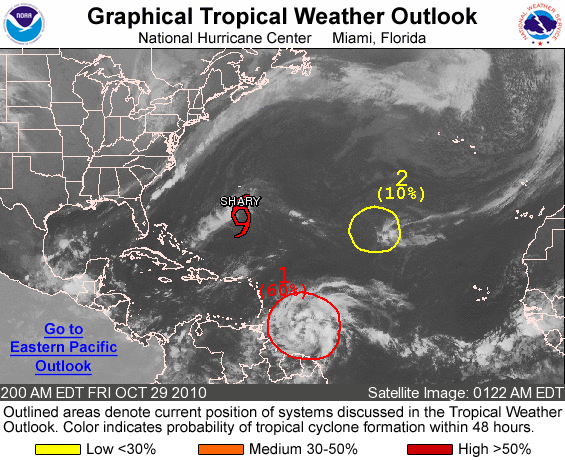
FOR THE NORTH ATLANTIC...CARIBBEAN SEA AND THE GULF OF MEXICO...

THE NATIONAL HURRICANE CENTER IS ISSUING ADVISORIES ON NEWLY FORMED TROPICAL STORM SHARY LOCATED ABOUT 325 MILES SOUTH OF BERMUDA.

1. A TROPICAL WAVE LOCATED ABOUT 600 MILES EAST-SOUTHEAST OF THE WINDWARD ISLANDS CONTINUES TO PRODUCE A LARGE AREA OF SHOWERS AND THUNDERSTORMS. ENVIRONMENTAL CONDITIONS APPEAR FAVORABLE FOR GRADUAL DEVELOPMENT...AND A TROPICAL DEPRESSION COULD FORM DURING THE NEXT COUPLE OF DAYS AS THE SYSTEM MOVES WESTWARD OR WEST-NORTHWESTWARD AT 15 TO 20 MPH. THERE IS A HIGH CHANCE...60 PERCENT...OF THIS SYSTEM BECOMING A TROPICAL CYCLONE DURING THE NEXT 48 HOURS. REGARDLESS OF DEVELOPMENT...THIS SYSTEM IS EXPECTED TO BRING LOCALLY HEAVY RAINFALL AND STRONG GUSTY WINDS TO THE WINDWARD ISLANDS...VENEZUELA...AND NORTHERN PORTIONS OF GUYANA DURING THE NEXT COUPLE OF DAYS.

2. SHOWERS AND THUNDERSTORMS HAVE DIMINISHED IN ASSOCIATION WITH A LOW PRESSURE SYSTEM LOCATED ABOUT 1250 MILES WEST-NORTHWEST OF THE NORTHERNMOST CAPE VERDE ISLANDS. UPPER-LEVEL WINDS ARE EXPECTED TO BECOME LESS FAVORABLE FOR DEVELOPMENT TODAY...AND THERE IS A LOW CHANCE...10 PERCENT...OF THIS SYSTEM BECOMING A TROPICAL CYCLONE DURING THE NEXT 48 HOURS AS IT MOVES WESTWARD AT AROUND 10 MPH.

ELSEWHERE...TROPICAL CYCLONE FORMATION IS NOT EXPECTED DURING THE NEXT 48 HOURS.

PUBLIC ADVISORIES ON SHARY ARE ISSUED UNDER WMO HEADER WTNT35 KNHC AND UNDER AWIPS HEADER MIATCPAT5. FORECAST/ADVISORIES ON SHARY ARE ISSUED UNDER WMO HEADER WTNT25 KNHC AND UNDER AWIPS HEADER MIATCMAT5.

FORECASTER BRENNAN